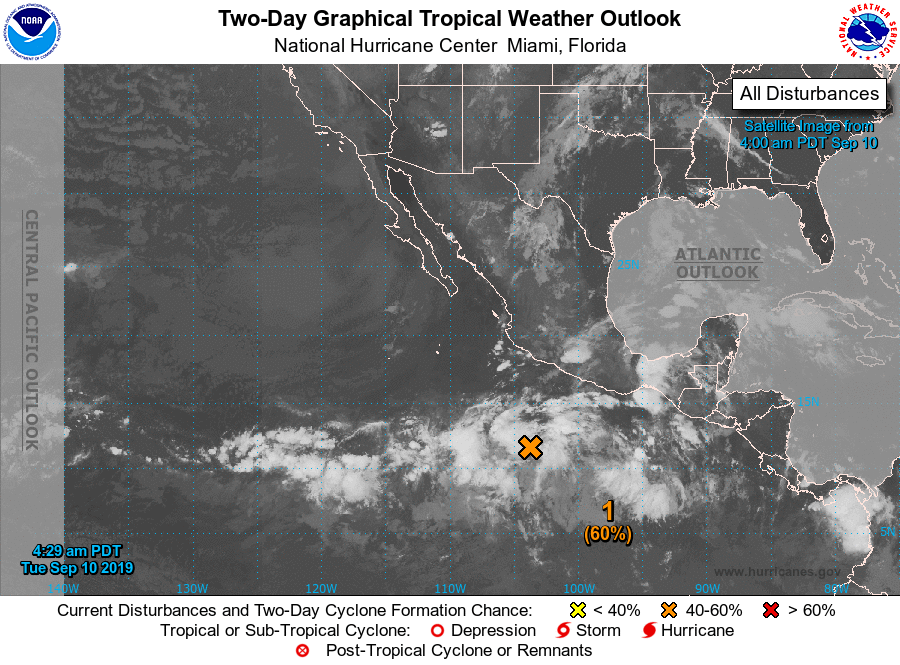
For the eastern North Pacific...east of 140 degrees west longitude:

1. A large and disorganized area of showers and thunderstorms located several hundred miles southwest of Acapulco, Mexico, is associated with a broad area of low pressure. Environmental conditions are expected to be conducive for development, and a tropical depression is likely to form within the next few days while the system moves west-northwestward at 10 to 15 mph.
* Formation chance through 48 hours...medium...60 percent.
* Formation chance through 5 days...high...90 percent.

2. An area of low pressure is expected to form more than 1000 miles to the southwest of the southern tip of the Baja California Peninsula by late this week. Some additional slow development is possible as the system moves slowly westward.
* Formation chance through 48 hours...low...near 0 percent.
* Formation chance through 5 days...low...20 percent.

Forecaster Latto